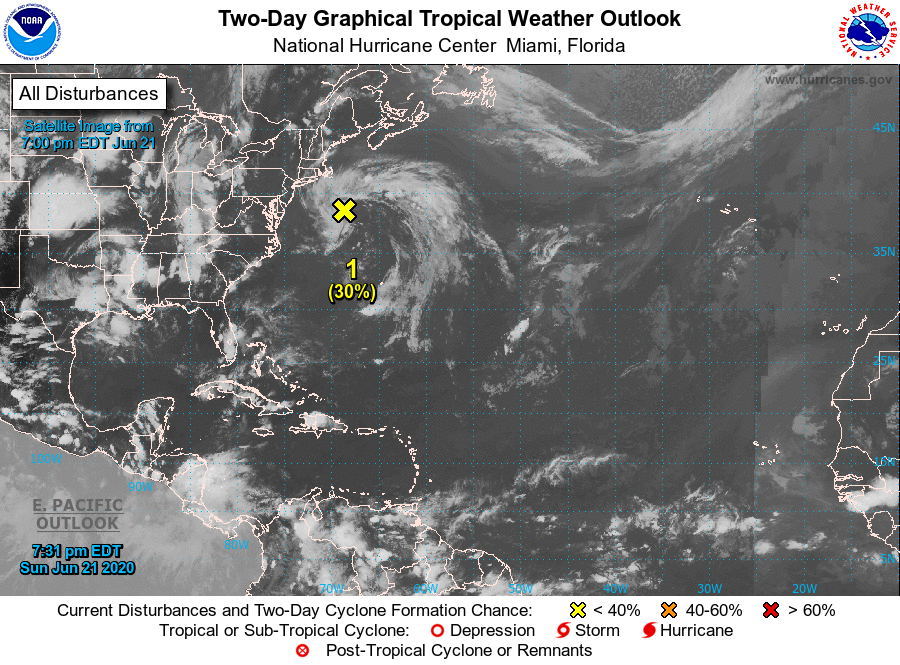
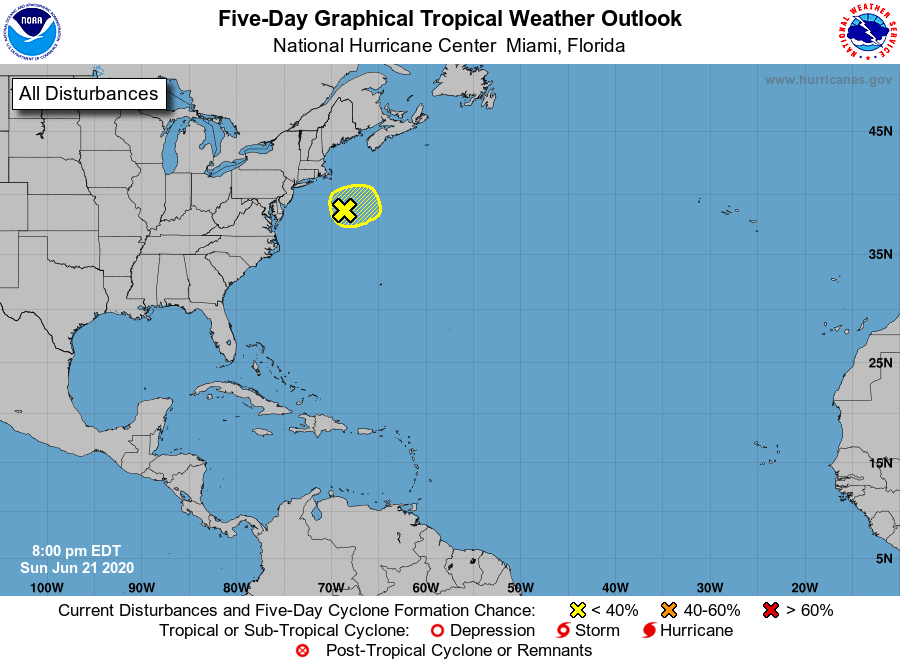
For the North Atlantic...Caribbean Sea and the Gulf of Mexico:

1. A low pressure system located several hundred miles southeast of Cape Cod, Massachusetts has become less organized over the past several hours. The low has moved over cold water, north of the Gulf Stream, and tropical or subtropical development has become less likely. The system is expected to weaken as it moves over even colder waters on Monday and Tuesday.
* Formation chance through 48 hours...low...30 percent.
* Formation chance through 5 days...low...30 percent.

Forecaster Zelinsky